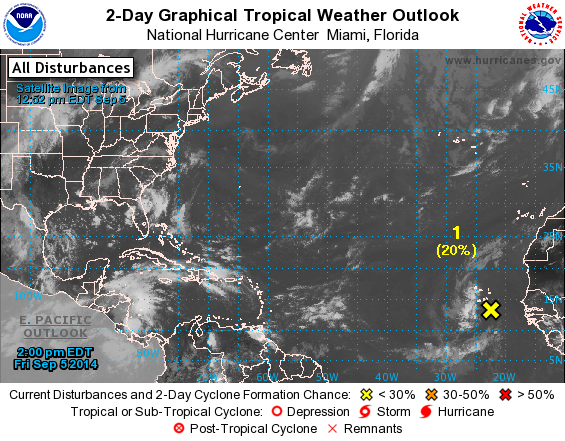
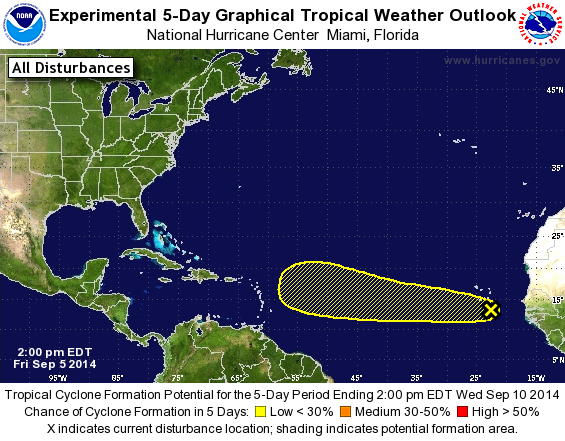
For the North Atlantic...Caribbean Sea and the Gulf of Mexico:

1. An elongated area of low pressure, associated with a tropical wave, continues to produce disorganized cloudiness and thunderstorms near and southwest of the Cape Verde Islands. Environmental conditions are becoming less conducive for development of this system while it moves generally westward at about 15 mph.
* Formation chance through 48 hours...low...20 percent.
* Formation chance through 5 days...medium...20 percent.

Forecaster Kimberlain